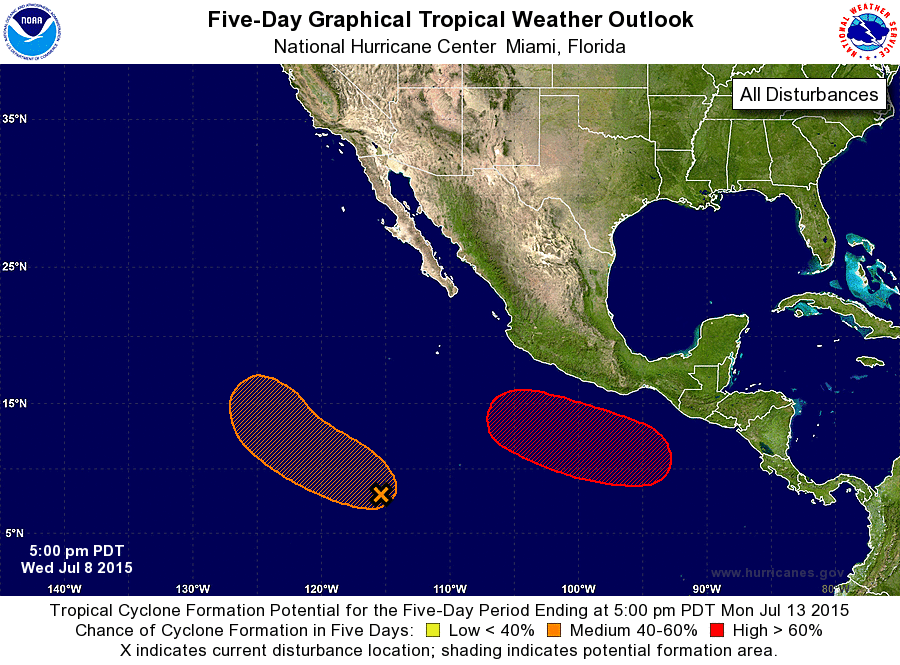
For the eastern North Pacific...east of 140 degrees west longitude:

1. Disorganized showers and thunderstorms centered about 1100 miles south-southwest of the southern tip of Baja California Sur are associated with a tropical wave and a broad low pressure area. Some development of this system is anticipated through this weekend and into early next week while it moves west-northwestward or northwestward.
* Formation chance through 48 hours...low...10 percent
* Formation chance through 5 days...medium...50 percent

2. An area of low pressure is expected to form several hundred miles south of the coast of southern Mexico later this week. Environmental conditions are forecast to be conducive, and this system could become a tropical depression over the weekend while it moves west-northwestward.
* Formation chance through 48 hours...low...near 0 percent
* Formation chance through 5 days...high...70 percent

Forecaster Blake